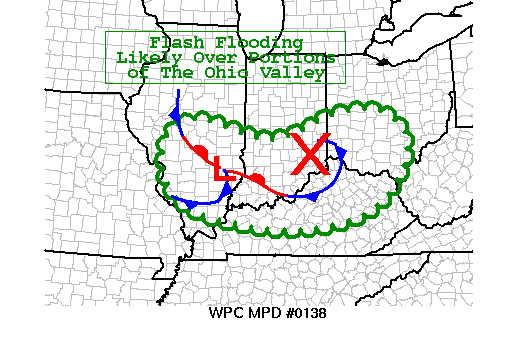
AREAS AFFECTED......OHIO VALLEY...

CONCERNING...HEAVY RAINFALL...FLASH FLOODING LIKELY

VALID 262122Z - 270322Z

SUMMARY...1 TO 3-HOURLY RAINFALL RATES ARE EXPECTED TO EXCEED
FLASH FLOOD GUIDANCE ACROSS AN UNUSUALLY LARGE PORTION OF THE OHIO
VALLEY THROUGH THE EVENING.

DISCUSSION...AN ARRAY OF MESOSCALE DIAGNOSTICS...INCLUDING
MULTIPLE SATELLITE CHANNELS...RADAR...METARS...AND THE RAP
MODEL...SHOW THE EARLY TO MIDDLE STAGES OF A MESOSCALE CONVECTIVE
SYSTEM (MCS) CENTERED JUST NORTH OF CINCINNATI.  NUMEROUS TO
WIDESPREAD THUNDERSTORMS CONTINUE TO FORM ALONG AND AHEAD OF AN
ACCOMPANYING COLD FRONT OR OUTFLOW BOUNDARY THAT EXTENDS INTO
EXTREME NORTHERN KENTUCKY.  ADDITIONAL THUNDERSTORMS WERE FORMING
ALONG AND JUST NORTH OF RELATED OR NEARBY OUTFLOW BOUNDARIES
ACROSS PORTIONS OF SOUTHERN ILLINOIS AND SOUTHERN INDIANA IN AN
EXPANDING REGION OF ISENTROPIC UPGLIDE GENERATED ABOVE A GROWING
COLD POOL.  CELL MOTIONS AHEAD OF THE MCS WERE MORE
PROGRESSIVE...WHILE CELLS OVER PORTIONS OF ILLINOIS AND INDIANA
WERE PROPAGATING SLIGHTLY AGAINST THE MEAN LAYER FLOW...RESULTING
IN RAINFALL RATES OF 0.25 TO 0.75 INCHES AHEAD OF THE MCS AND 0.75
TO 2.0 INCHES BEHIND THE MCS RESPECTIVELY.  HOURLY RAINFALL RATES
IN EXCESS OF 1 INCH ARE SUFFICIENT TO EXCEED FFG
VALUE...PARTICULARLY ACROSS PORTIONS OF SOUTHERN ILLINOIS AND
SOUTHERN INDIANA.

SHORT-TERM HI-RESOLUTION NUMERICAL GUIDANCE APPEARS TO BE OF
LIMITED USE FOR THIS PARTICULAR EVENT...DUE IN PART TO THE RAPID
EVOLUTION OF THE MESOSCALE AND THAT THE HRRR MODEL HAS NOT BEEN
AVAILABLE SINCE 19Z.  THEREFORE...THE FORECAST IS LARGELY BASED ON
MESOANALYSIS AND SHORT-TERM EXTRAPOLATION.  THE MODEST COLD POOL
GENERATED WITHIN THE STRATIFORM REGION AND AN ACCOMPANYING REAR
INFLOW JET FAVOR CONTINUED STEADY PROGRESSION OF THE LEADING EDGE
OF THE MCS TOWARD THE EAST SOUTHEAST...IN ACCORDANCE WITH THE
AVERAGE CLOUD-LAYER WINDS AND 1000-500 THICKNESSES...GENERALLY
SUPPORTING HOURLY RAINFALL RATES BELOW 1 INCH ALONG ITS PATH.
HOWEVER...RAINFALL RATES TOWARD THE REAR OF THE MCS...INCLUDING
PORTIONS OF SOUTHERN ILLINOIS AND SOUTHERN INDIANA...AND LATER
POSSIBLY INTO PORTIONS OF NORTHERN KENTUCKY...SHOULD CONTINUE
BETWEEN 0.75 AND 2.0 INCHES...DUE TO SLOWER STORM MOTION AND
TRAINING.  GIVEN THE ALREADY LOW FFG VALUES...THE PROBABILITY OF
EXCEEDING GUIDANCE IS ESTIMATED TO BE ABOUT 90 PERCENT.